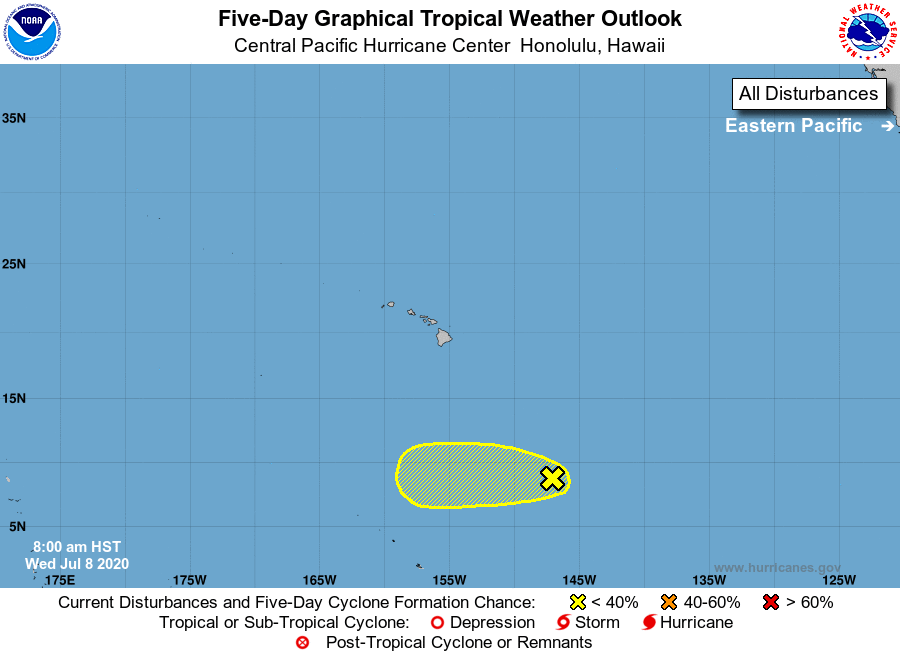
For the central North Pacific...between 140W and 180W:

1. Showers and thunderstorms associated with a broad, elongated area of low pressure around 900 miles southeast of Hilo, Hawaii, remain poorly organized this morning. Environmental conditions will become slightly more conducive for some gradual development during the next few days, before becoming unfavorable this weekend. Development of this system, if any, will be slow to occur as it moves westward at around 10 mph.
* Formation chance through 48 hours...low...10 percent.
* Formation chance through 5 days...low...10 percent.

Elsewhere, no tropical cyclones are expected during the next 5 days.

Forecaster TS